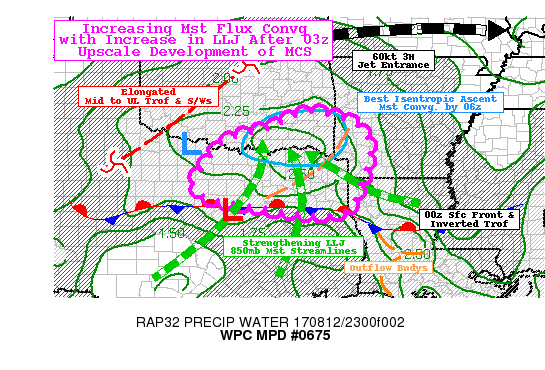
AREAS AFFECTED...SOUTHEAST OK...SOUTHWEST AR...NORTHEAST TX...EXT
NORTHWEST LA

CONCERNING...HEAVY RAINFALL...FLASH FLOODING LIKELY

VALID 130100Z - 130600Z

SUMMARY...UPSCALE GROWTH OF MCS STARTING TO EVOLVE WITH
STRENGTHENING LOW LEVEL JET THROUGH EARLY OVERNIGHT CROSSING
SATURATED SOILS CONTINUING TO POSE LIKELY FLASH FLOODING.

DISCUSSION...EXPERIMENTAL GOES-16 WV SUITE DEPICTS THE COMPACT
SHORTWAVE ACROSS W OK HAS SHEARED A BIT ACROSS THE STATE EXTENDING
FROM NE OK THROUGH TO NORTHWEST TX/ROLLING PLAINS WITH CONTINUED
RIGHT ENTRANCE SUPPORT OF 3H JET ACROSS SE KS/SW MO.  LOW LEVEL
SUPPORT HAS BEEN LACKING OVER THE EVENING HOURS WITH LIMITED FLOW
LEADING TO SCATTERED DISORGANIZED CLUSTERS OF THUNDERSTORMS IN THE
VICINITY OF THE SURFACE FRONT.  THIS FRONT ENHANCED BY
DIFFERENTIAL HEATING EXTENDS FROM AQV TO CRS TO GDJ AND N OF SJT
WITH WEAK SFC REFLECTIONS ALONG IT.  CELLS NORTH OF THE BOUNDARY
ARE TREATED TO A DEEPER MIXED MOISTURE SOURCE WITH TPWS NEAR OR
ABOVE 2.25" THOUGH GENTLER LAPSE RATES FURTHER NORTH AND LACK OF
HEATING OF THE LOW LEVELS SUPPORT VERY LIMITED MUCAPES (00Z OUN
RAOB)...WITH ONE EXCEPTION ACROSS ARKLATEX AND SE OK...ALSO
RESPONDING WITH AN INVERTED SURFACE TROF FROM CRS TO DEQ.  AS SUCH
THE ENVIRONMENT ALONG/SOUTH OF THE RED RIVER AS WELL AS THE
OUACHITA MTN REGION APPEAR PRIMED FOR CONVECTIVE EXPANSION.

RAPID REFRESH GUIDANCE SUCH AS THE HRRR/ESRL HRRRV3 AND RAP
SUPPORT STRENGTHENING SWLY LLJ FROM 03-05Z INCREASING ISENTROPIC
ASCENT AND WITH SELY FLOW CONVERGING THROUGH THE TROWAL/INVERTED
SFC TROF...MST CONVERGENCE AND SLOW CELL MOTIONS/UPSTREAM
PROPAGATION VECTORS WILL ONLY FURTHER EXACERBATE CONVECTION
CAPABLE OF 2-2.5"/HR RATES AND SUPPORT POCKETS OF 3-5" TOTALS
THROUGH 06Z (TO BE FURTHER INCREASED AFTER 06Z).  WHILE FFG VALUES
HAVE REBOUNDED THIS SEEMS QUITE INFLATED AS SOILS ARE SATURATED
PER AHPS 7 DAY ANOMALIES OVER 500% OF NORMAL (3-4 INCHES) MAINLY
NORTHEAST OF METRO DFW ACROSS NE TX/SE OK/SW AR.   AS SUCH THESE
EXPECTED TOTALS WITH ANTECEDENT CONDITIONS WARRANT LIKELY FLASH
FLOODING PROBABILITIES.